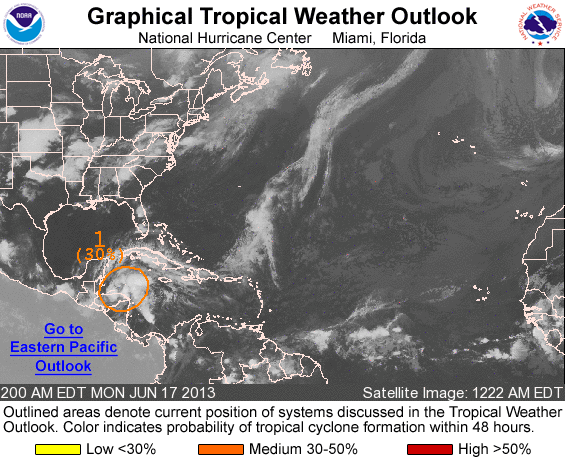
FOR THE NORTH ATLANTIC...CARIBBEAN SEA AND THE GULF OF MEXICO...

1. A LARGE AREA OF CLOUDINESS AND THUNDERSTORMS EXTENDING FROM EASTERN HONDURAS NORTHEASTWARD OVER THE NORTHWESTERN CARIBBEAN SEA ARE ASSOCIATED WITH A TROPICAL WAVE. ALTHOUGH THERE ARE CURRENTLY NO SIGNS OF A SURFACE CIRCULATION...SOME DEVELOPMENT OF THIS SYSTEM IS POSSIBLE OVER THE NORTHWEST CARIBBEAN SEA BEFORE IT MOVES INLAND OVER BELIZE AND THE YUCATAN PENINSULA LATER TODAY. THIS DISTURBANCE HAS A MEDIUM CHANCE...30 PERCENT...OF BECOMING A TROPICAL CYCLONE DURING THE NEXT 48 HOURS. REGARDLESS OF DEVELOPMENT...HEAVY RAINS AND GUSTY WINDS ARE LIKELY OVER PORTIONS OF HONDURAS...THE BAY ISLANDS...GUATEMALA...BELIZE...AND THE YUCATAN PENINSULA DURING THE NEXT DAY OR SO.

ELSEWHERE...TROPICAL CYCLONE FORMATION IS NOT EXPECTED DURING THE NEXT 48 HOURS.

FORECASTER BROWN